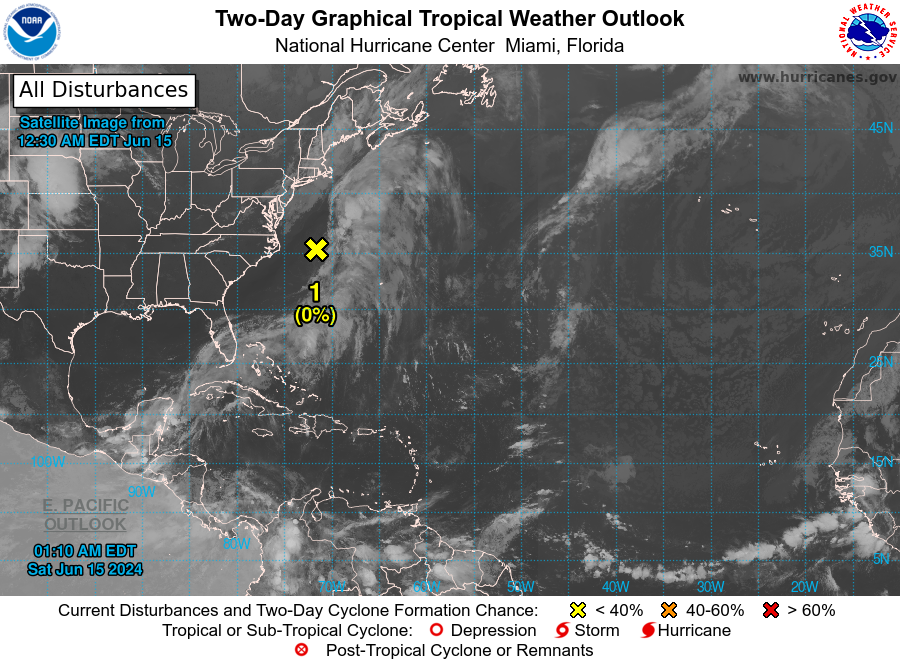
For the North Atlantic...Caribbean Sea and the Gulf of Mexico:

1. Western Atlantic (AL90): Satellite data indicate an elongated area of low pressure located well offshore of the southeastern U.S. has merged with a nearby frontal system over the western Atlantic. The system is forecast to move east-northeastward to northeastward through the weekend, and tropical cyclone formation is not expected. For more information on this system, including Gale Warnings, see High Seas Forecasts issued by the National Weather Service.
* Formation chance through 48 hours...low...near 0 percent.
* Formation chance through 7 days...low...near 0 percent.

2. Southwestern Gulf of Mexico: A broad area of low pressure is forecast to form over the southwestern Gulf of Mexico early next week. Environmental conditions appear conducive for gradual development of this system, and a tropical depression could form by the middle part of next week while the system moves slowly westward or west-northwestward.
* Formation chance through 48 hours...low...near 0 percent.
* Formation chance through 7 days...medium...50 percent.

High Seas Forecasts issued by the National Weather Service can be found under AWIPS header NFDHSFAT1, WMO header FZNT01 KWBC, and online at ocean.weather.gov/shtml/NFDHSFAT1.php

Forecaster Reinhart